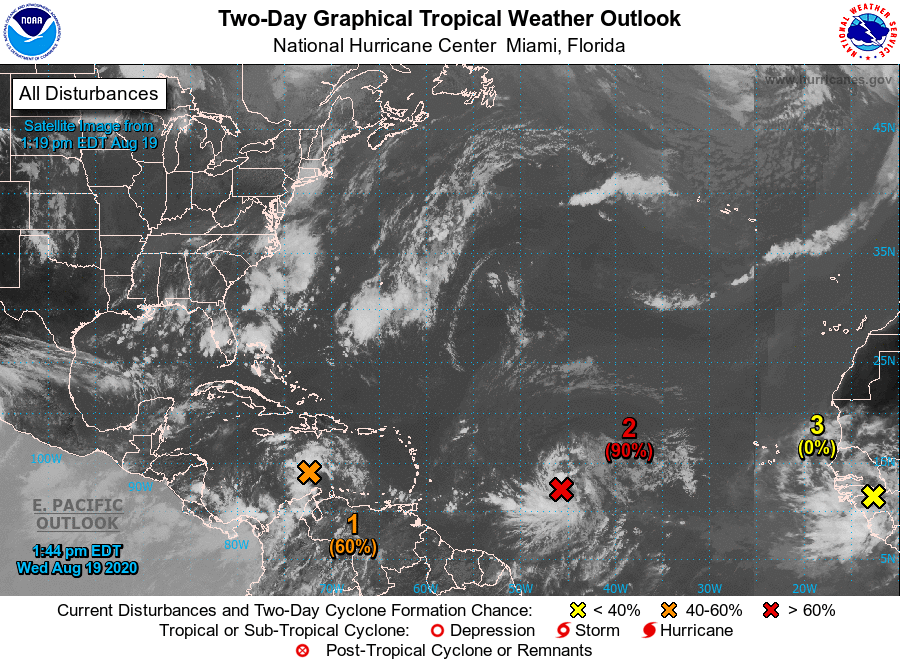
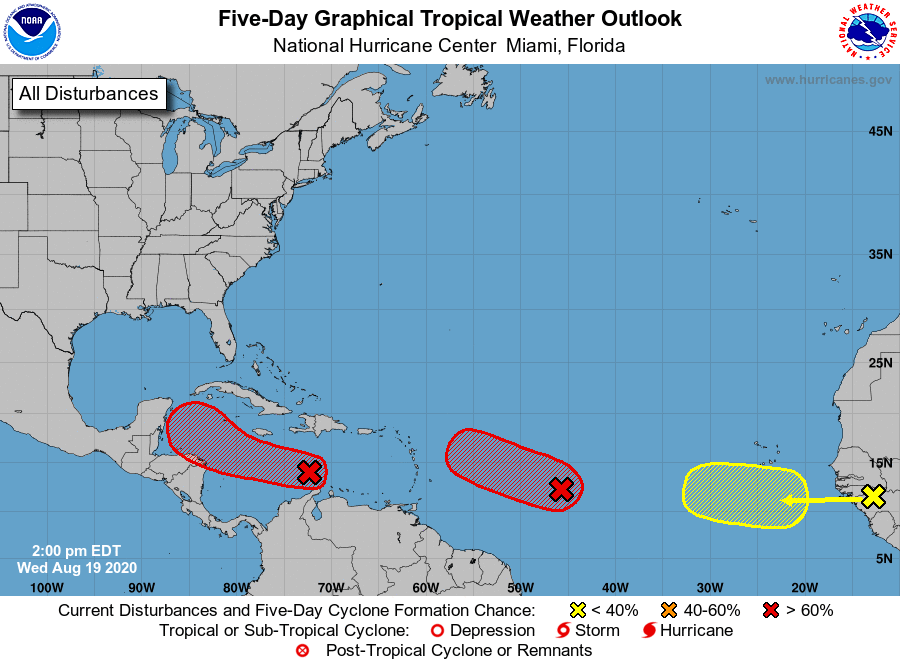
For the North Atlantic...Caribbean Sea and the Gulf of Mexico:

1. Showers and thunderstorms have become more concentrated today in association with a tropical wave currently located over the central Caribbean Sea. Some gradual development of this system is possible over next day or so while it moves westward at about 15 to 20 mph across the central Caribbean Sea. After that time, the wave is forecast to move more slowly west-northwestward, and a tropical depression is likely to form later this week when the system reaches the northwestern Caribbean Sea.
* Formation chance through 48 hours...medium...60 percent.
* Formation chance through 5 days...high...80 percent.

2. An elongated area of low pressure, located about 1000 miles east of the Windward Islands continues to produce a concentrated area of showers and thunderstorms. Although recent satellite-derived wind data indicates that the low is not well-defined, environmental conditions are conducive for further development, and a tropical depression is expected to form during the next day or two while the system moves generally west-northwestward at 15 to 20 mph across the central and western portions of the tropical Atlantic. Interests in the Lesser Antilles should monitor the progress of this system.
* Formation chance through 48 hours...high...90 percent.
* Formation chance through 5 days...high...90 percent.

3. A large area of showers and thunderstorms, located over Guinea and Sierra-Leone, Africa, is associated with a vigorous tropical wave. Environmental conditions are expected to be conducive for some development of this system while the wave enters the extreme eastern Atlantic on Friday. By early next week, however, conditions are forecast to become less favorable for tropical cyclone formation while it moves west-northwestward at 15 to 20 mph toward the central tropical Atlantic.
* Formation chance through 48 hours...low...near 0 percent.
* Formation chance through 5 days...low...30 percent.

Forecaster Latto